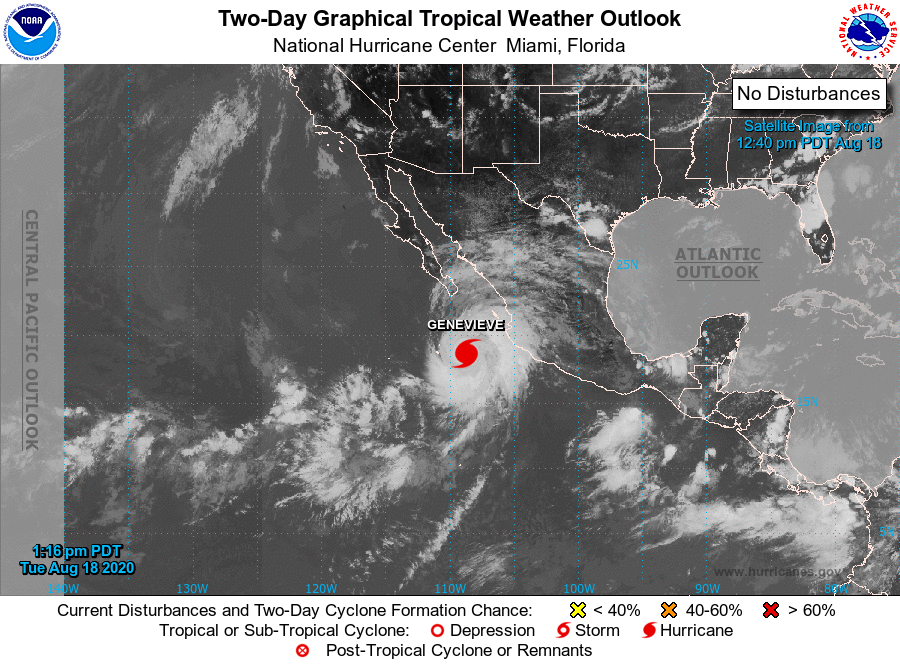
For the eastern North Pacific...east of 140 degrees west longitude:

The National Hurricane Center is issuing advisories on Hurricane Genevieve, located a few hundred miles south-southeast of the southern tip of the Baja California peninsula.

1. An area of low pressure is expected to form later this week several hundred miles west of the southwestern coast of Mexico. Conditions appear favorable for some development of this system this weekend while it moves little.
* Formation chance through 48 hours...low...near 0 percent.
* Formation chance through 5 days...low...20 percent.

Forecaster Cangialosi